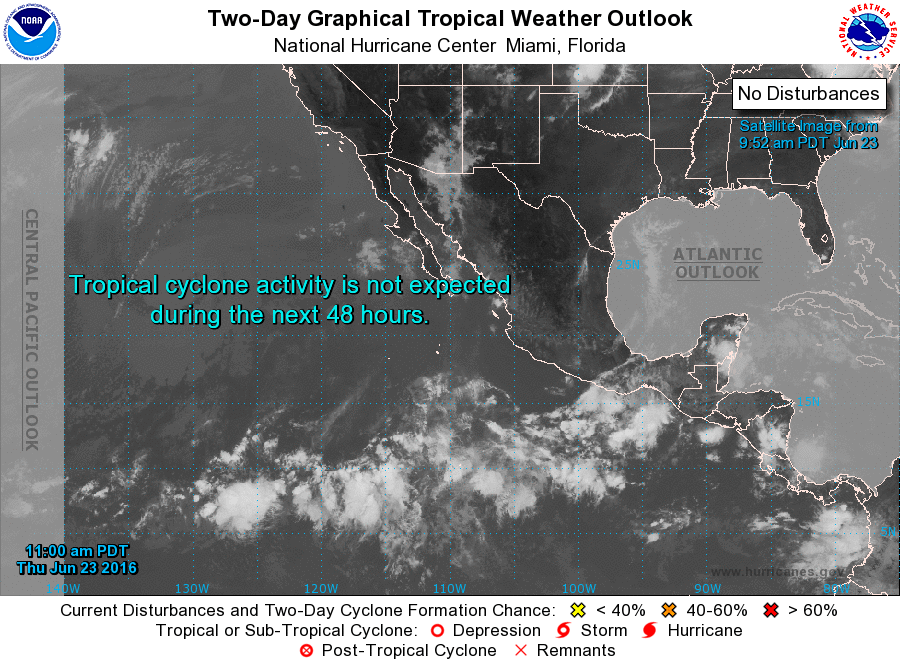
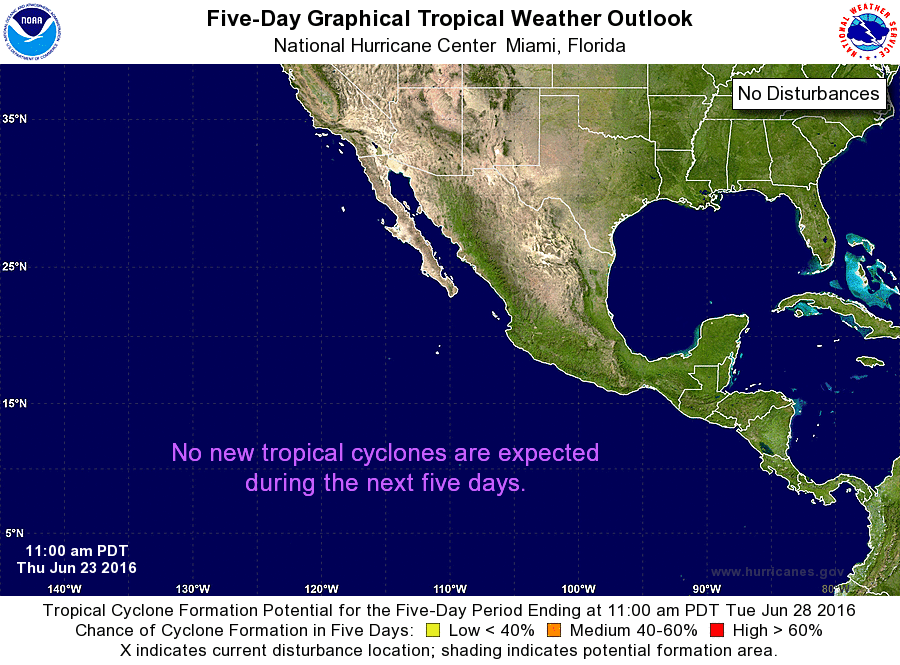
For the eastern North Pacific...east of 140 degrees west longitude:

Tropical cyclone formation is not expected during the next 5 days.

Forecaster Blake